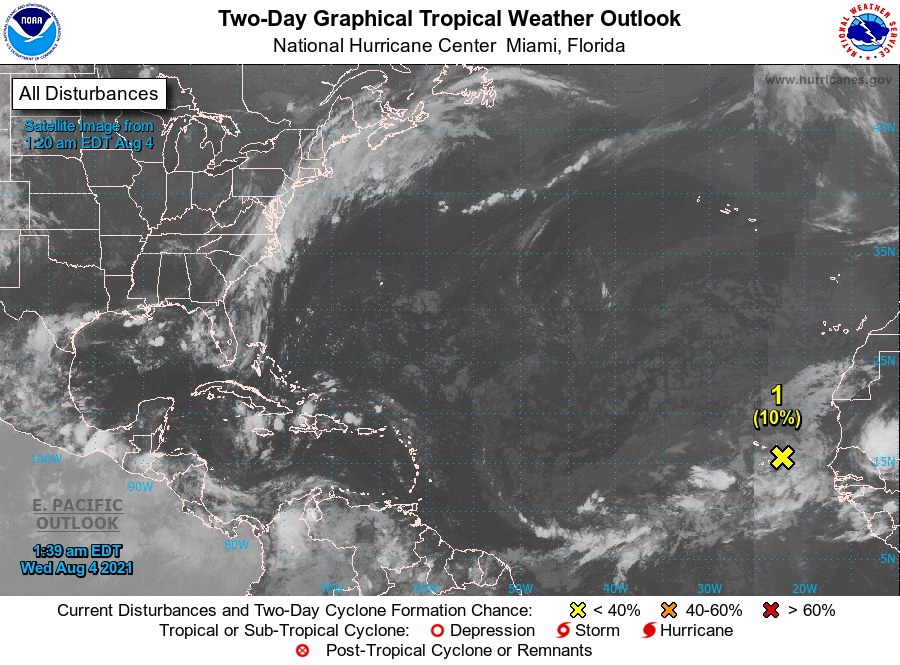
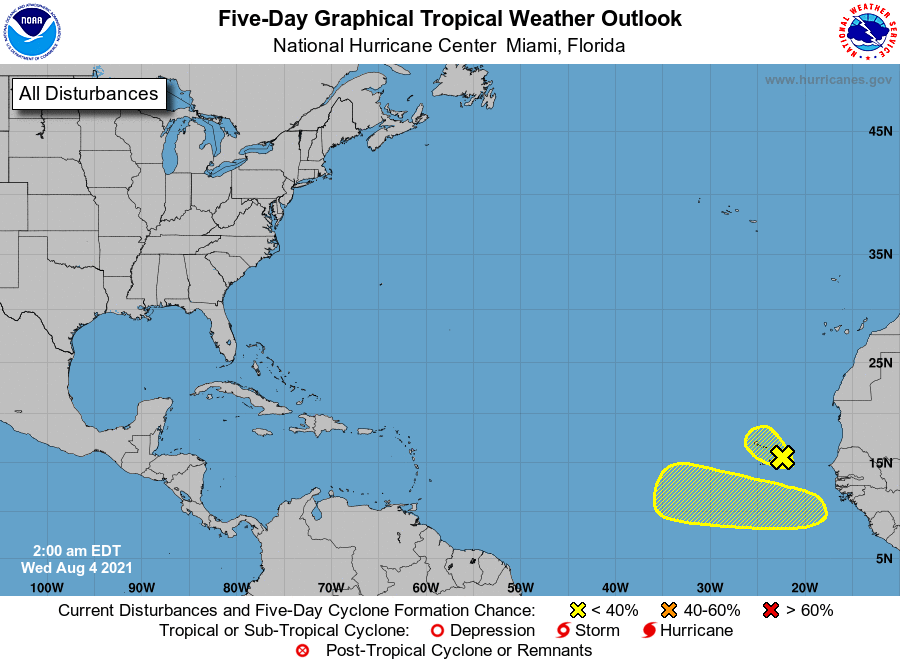
For the North Atlantic...Caribbean Sea and the Gulf of Mexico:

1. A small and weak area of low pressure, with limited shower and thunderstorm activity, is passing near the Cabo Verde Islands. Significant development of this system is not expected during the next day or so due to unfavorable upper-level winds and marginally warm waters. Afterwards, this system is forecast to move northward or north-northwestward over cooler waters, ending its development chances. Locally heavy rainfall and gusty winds are possible over portions of the Cabo Verde Islands through today.
* Formation chance through 48 hours...low...10 percent.
* Formation chance through 5 days...low...10 percent.

2. A tropical wave is forecast to move off the west coast of Africa by late Thursday. Environmental conditions appear somewhat conducive for some slow development over the far eastern Atlantic through the weekend into early next week while this system moves generally westward at about 15 mph.
* Formation chance through 48 hours...low...near 0 percent.
* Formation chance through 5 days...low...20 percent.

Forecaster Papin/Beven